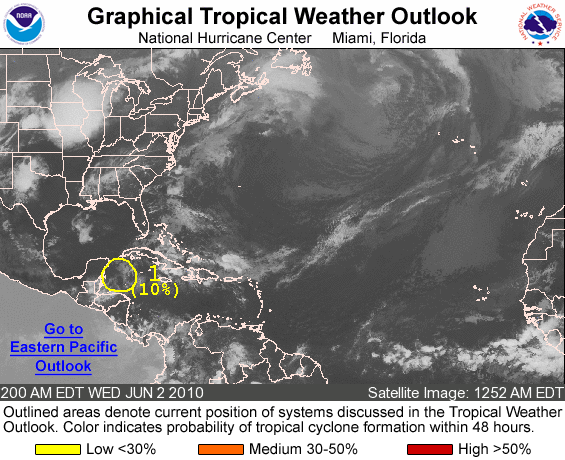
FOR THE NORTH ATLANTIC...CARIBBEAN SEA AND THE GULF OF MEXICO...

1. SHOWERS AND THUNDERSTORMS HAVE DIMINISHED IN THE NORTHWESTERN CARIBBEAN SEA IN ASSOCIATION WITH THE REMNANTS OF PACIFIC TROPICAL STORM AGATHA. WHILE SHOWER AND THUNDERSTORM ACTIVITY MAY REDEVELOP AS THIS SYSTEM MOVES LITTLE OVER THE NEXT DAY OR SO...UPPER-LEVEL WINDS ARE NOT FAVORABLE FOR TROPICAL CYCLONE FORMATION. THERE IS A LOW CHANCE...10 PERCENT...OF THIS SYSTEM BECOMING A TROPICAL CYCLONE DURING THE NEXT 48 HOURS.

ELSEWHERE...TROPICAL CYCLONE FORMATION IS NOT EXPECTED DURING THE NEXT 48 HOURS.

FORECASTER BRENNAN